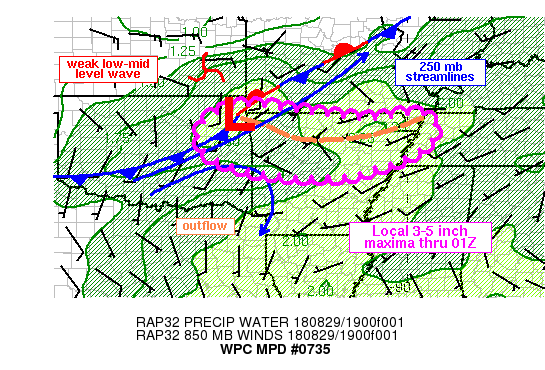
Areas affected...eastern OK into AR

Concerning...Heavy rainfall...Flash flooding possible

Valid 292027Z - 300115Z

Summary...Slow moving cells will have the potential to produce
localized rainfall maxima of 3-5 inches through 01Z over portions
of eastern OK into central AR. Given rain rates of 2-3 in/hr,
flash flooding may occur.

Discussion...Surface observations and radar imagery showed a slow
moving outflow boundary at 20Z stretching from northwest AR to
near BVX and then east-northeastward into the MO Bootheel.
Convective cells have had a history of developing just ahead of
the outflow boundary with little to no movement, producing
observed rainfall rates of 2-3 in/hr, as seen in Stone county AR
ending 20Z. The steadily progressing outflow boundary eventually
catches up with these slow moving cells, ending the short term
flash flood threat. Storm motions have initially been slow due to
5-15 kt cloud-bearing layer mean flow. Given an environment
characterized by precipitable water values near 2 inches and
MLCAPE of 2500-3500 J/kg via the 19Z SPC mesoanalysis, additional
cells will have the potential to produce heavy rain rates of 2-3
in/hr.

Farther west, visible satellite imagery showed an ill-defined area
of lift tied to a weak low-mid level wave over southeastern KS
with a southward extending area of cumulus/lift into northeastern
OK. This may become a source of renewed convective development
over the next couple of hours as the area of lift moves toward the
OK/AR border and into a better thermodynamic environment.

The expectation is for continued localized convective development
through the remaining hours of peak heating across central AR
ahead of the southward progressing outflow boundary, where a few
cells have popped up on radar imagery, capable of 2-3 in/hr rain
rates and possible flash flooding. Additional development between
21-00Z will be possible near eastern OK into western AR if capping
can be overcome. Overall, localized rainfall of 3-5 inches will be
possible with isolated flash flooding.